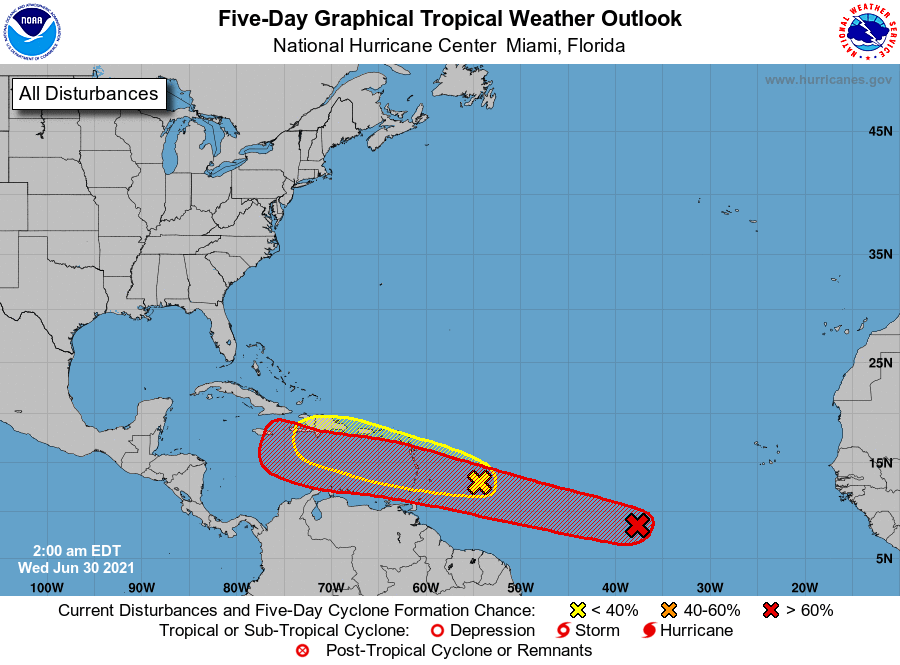
For the North Atlantic...Caribbean Sea and the Gulf of Mexico:

1. A broad area of low pressure, associated with a tropical wave, is located about midway between the west coast of Africa and the Windward Islands. This system is producing a large area of showers and thunderstorms that continues to show some signs of organization. Environmental conditions appear generally favorable for development, and a tropical depression is likely form during the next few days while the system moves west-northwestward at about 20 mph. Interests in the Windward and Leeward Islands should closely monitor this system as it will likely be moving through that region on Friday.
* Formation chance through 48 hours...medium...50 percent.
* Formation chance through 5 days...high...70 percent.

2. Disorganized showers and thunderstorms continue in association with a tropical wave located a couple of hundred miles east of the Lesser Antilles. Significant development of this system is unlikely while it moves quickly westward to west-northwestward at 20 to 25 mph, passing through the Lesser Antilles today and then across the eastern and central Caribbean Sea later this week. Regardless of development, this system could bring locally heavy rainfall to portions of the Lesser Antilles during the next couple of days.
* Formation chance through 48 hours...low...10 percent.
* Formation chance through 5 days...low...10 percent.

Forecaster Pasch